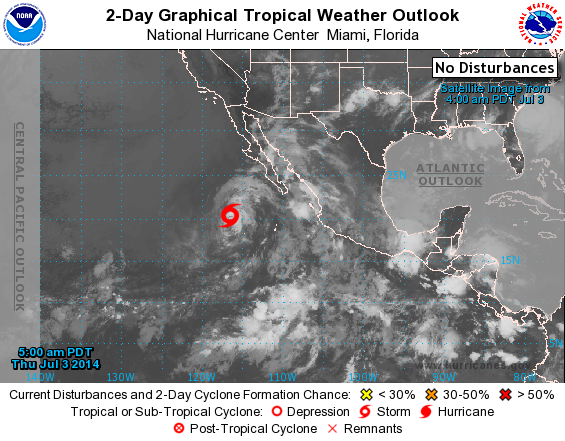
For the eastern North Pacific...east of 140 degrees west longitude:

The National Hurricane Center is issuing advisories on Tropical Storm Douglas, located several hundred miles west-southwest of the southern tip of the Baja California peninsula of Mexico.

1. A low pressure area could form well to the south of southwestern Mexico by early next week, and some development of this system is possible thereafter while it moves west-northwestward.
* Formation chance through 48 hours...low...near 0 percent.
* Formation chance through 5 days...low...20 percent.

Forecaster Berg